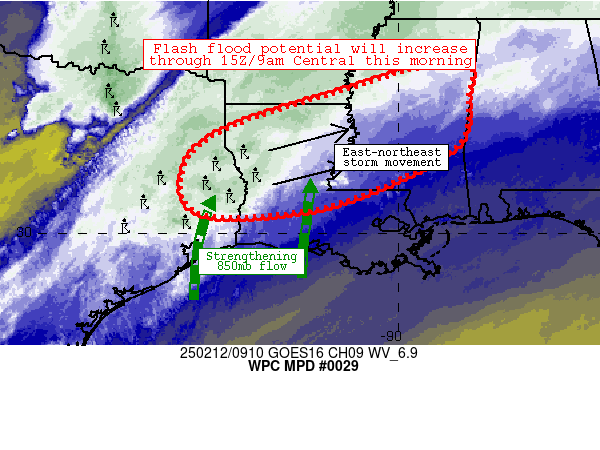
Areas affected...much of Louisiana, central/southern Mississippi,
and a small part of east Texas

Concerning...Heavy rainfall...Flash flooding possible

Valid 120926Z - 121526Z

Summary...Convective bands will continue to increase and grow
upscale into clusters and lines while moving eastward across the
discussion area.  A few areas of 1-2 inch/hr rain rates are
expected, which should pose a flash flood risk especially near
sensitive areas.

Discussion...Over the past hour or so, radar mosaic imagery has
depicted a distinct uptick in convective activity across east
Texas and Louisiana.  The increase in convection is likely tied to
a dramatic increase in southerly 850mb flow along the Sabine River
Valley (into the 40-60 kt range) along with attendant
convergence/ascent.  The eastward movement of a distinct mid-level
shortwave trough and steep lapse rates aloft were also
contributing factors to the increase in convection.  Most storms
are elevated above a cool stable boundary layer, although mergers
and growth into linear segments with localized training have
already been observed near/just east of Lufkin, where spots of 1
inch/hr rain rates were already estimated via MRMS.

These convective trends are expected to continue, with
observations and CAMs both suggestive of upscale growth into one
or two dominant complexes that move eastward across the region.
Many cell mergers are anticipated and localized training will
remain a distinct possibility.  These factors should contribute to
occasional 1-2 inch/hr rain rates at times as storms move eastward
through the discussion area.  These rates should approach FFG
thresholds - especially along an axis from Lufkin to Greenville to
Columbus where prior rainfall has contributed to wet soils and
<1.5 inch/hr FFG thresholds.  Prolonged rainfall along and south
of this axis (i.e., greater than 1 hour of heavy rainfall) may
also result in flash flooding.  This threat is expected to persist
through 15Z, with occasional convective redevelopment in east
Texas indicated in the models throughout the morning.